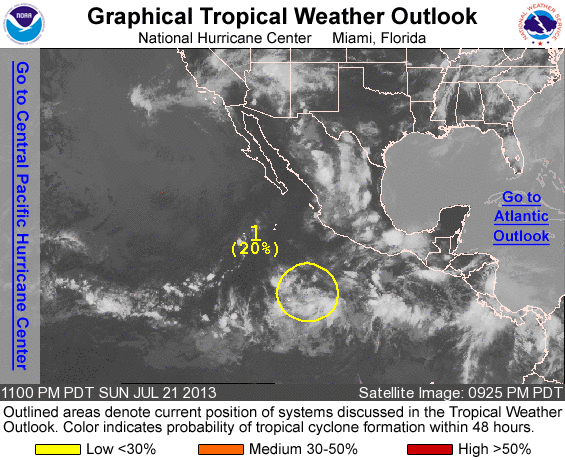
FOR THE EASTERN NORTH PACIFIC...EAST OF 140 DEGREES WEST LONGITUDE..

1. A LOW PRESSURE SYSTEM LOCATED ABOUT 600 MILES SOUTHWEST OF ACAPULCO MEXICO CONTINUES TO PRODUCE DISORGANIZED SHOWER AND THUNDERSTORM ACTIVITY. GRADUAL DEVELOPMENT OF THIS LOW IS POSSIBLE DURING THE NEXT COUPLE OF DAYS AS IT MOVES WEST-NORTHWESTWARD AT AROUND 10 MPH. THIS SYSTEM HAS A LOW CHANCE...20 PERCENT...OF BECOMING A TROPICAL CYCLONE DURING THE NEXT 48 HOURS.

FORECASTER BERG